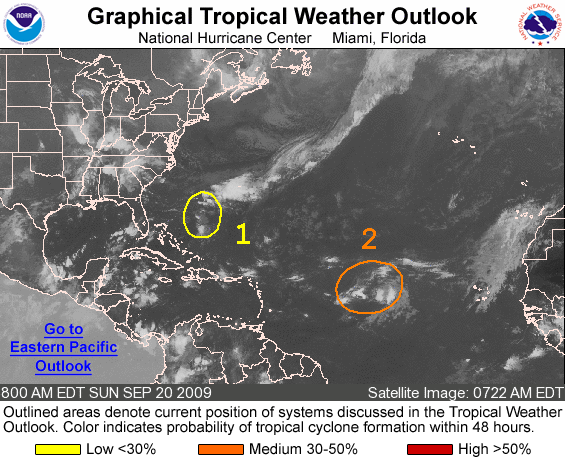
FOR THE NORTH ATLANTIC...CARIBBEAN SEA AND THE GULF OF MEXICO...

1. A SMALL AREA OF LOW PRESSURE...ASSOCIATED WITH THE REMNANTS OF FRED...IS LOCATED ABOUT 375 MILES EAST-NORTHEAST OF THE NORTHWESTERN BAHAMAS. ASSOCIATED SHOWER AND THUNDERSTORM ACTIVITY IS MINIMAL...AND UPPER-LEVEL WINDS DO NOT APPEAR FAVORABLE FOR DEVELOPMENT AS THIS SYSTEM MOVES WEST-NORTHWESTWARD NEAR 10 MPH OVER THE NEXT COUPLE OF DAYS. THERE IS A LOW CHANCE...LESS THAN 30 PERCENT...OF THIS SYSTEM BECOMING A TROPICAL CYCLONE DURING THE NEXT 48 HOURS.

2. A BROAD AREA OF LOW PRESSURE LOCATED ABOUT 1050 MILES EAST OF THE WINDWARD ISLANDS REMAINS POORLY-ORGANIZED. ALTHOUGH THIS SYSTEM STILL HAS SOME CHANCE FOR DEVELOPMENT...UPPER-LEVEL WINDS ARE EXPECTED TO BECOME LESS CONDUCIVE FOR TROPICAL CYCLONE FORMATION AS IT MOVES WEST-NORTHWESTWARD NEAR 10 MPH OVER THE NEXT COUPLE OF DAYS. THERE IS A MEDIUM CHANCE...30 TO 50 PERCENT...OF THIS SYSTEM BECOMING A TROPICAL CYCLONE DURING THE NEXT 48 HOURS.

ELSEWHERE...TROPICAL CYCLONE FORMATION IS NOT EXPECTED DURING THE NEXT 48 HOURS.

FORECASTER BERG